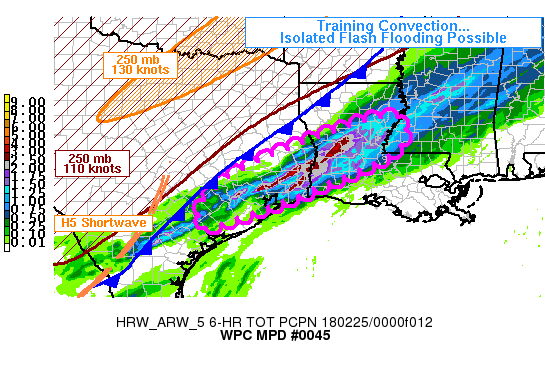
AREAS AFFECTED...SE TX...SRN LA

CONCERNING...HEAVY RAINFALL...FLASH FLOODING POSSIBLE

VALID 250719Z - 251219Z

SUMMARY...ISOLATED FLASH FLOODING IS POSSIBLE THIS MORNING IN
SOUTHEAST TEXAS AND CENTRAL/SOUTHWEST LOUISIANA. EXPECT SWATHS OF
1 TO 3 INCHES OF RAIN.

DISCUSSION...SEVERAL INGREDIENTS WERE IN PLACE FOR HEAVY
RAINFALL...INCLUDING RICH MOISTURE...UNIDIRECTIONAL FLOW IN THE
MID/UPPER LEVELS...AND ADEQUATE DEEP LAYER LIFT. THE 00Z HI-RES
MODELS CERTAINLY TRENDED TOWARD BROADER AND HEAVIER QPF IN THIS
AREA...AND RADAR TRENDS AT 07Z SUGGESTED THE HI-RES MODELS HAD A
GOOD HANDLE ON THE EVENT.

STILL...THE SETUP IS SOMEWHAT LESS THAN IDEAL FOR FOCUSED HEAVY
RAINFALL. A SURFACE COLD FRONT WILL PROVIDE LOW LEVEL
CONVERGENCE...AND DIFLUENT UPPER FLOW ON THE PERIPHERY OF A 130
KNOT...250 MB JET STREAK...WILL PROVIDE GOOD MASS EVACUATION
ALOFT. IN THE 850-700 MB LAYER...HOWEVER...A WELL DEFINED TROUGH
PER 00Z PLAN VIEW ANALYSIS...WAS MIGRATING DOWNSTREAM. THIS WILL
LEAVE SHORTWAVE RIDGING IN THAT LAYER OVER TX/LA BY 09Z. PER
GOES-16 WATER VAPOR AND INFRARED LOOPS...HOWEVER...AND DISCUSSION
WITH NESDIS SAB PRECIPITATION DESK...THERE APPEARED TO BE SOME
CLOUD ENHANCEMENT UPSTREAM OVER NORTHERN MEXICO AND FAR SOUTH
TEXAS...INDICATIVE OF A 500 MB SHORTWAVE TROUGH THAT THE RAP
CARRIES FORWARD THROUGH THE DISCUSSION AREA THIS MORNING. THIS
FORCING ALOFT MAY BE ENOUGH TO SUSTAIN CONVECTION...WHICH WILL
HAVE A CHANCE TO TRAIN...WHILE GRADUALLY DROPPING / REDEVELOPING
SOUTHWARD OVER TIME.

THE 00Z WRF-ARW QPF BEST MATCHES THE FORCING MECHANISMS...AND IS
DISPLAYED IN THE MPD GRAPHIC...FOR 6 HOURS VALID ENDING 12Z. RAIN
RATES AROUND 1.25 INCH PER HOUR WERE ALREADY POPPING UP IN DUAL
POL ESTIMATES FROM KHGX AT 07Z. EXPECT THESE RATES MAY CLIMB TO
GREATER THAN 1.5 INCHES PER HOUR...WITH ISOLATED EVENT TOTALS
AROUND 3 INCHES POSSIBLE. THIS COULD JUST MEET FFG...AND WOULD
ESPECIALLY CAUSE RAPID WATER RISES IN SUSCEPTIBLE BASINS AND URBAN
AREAS...MAINLY THE NORTH AND EAST SIDES OF HOUSTON METRO TOWARD
ALEXANDRIA LA.